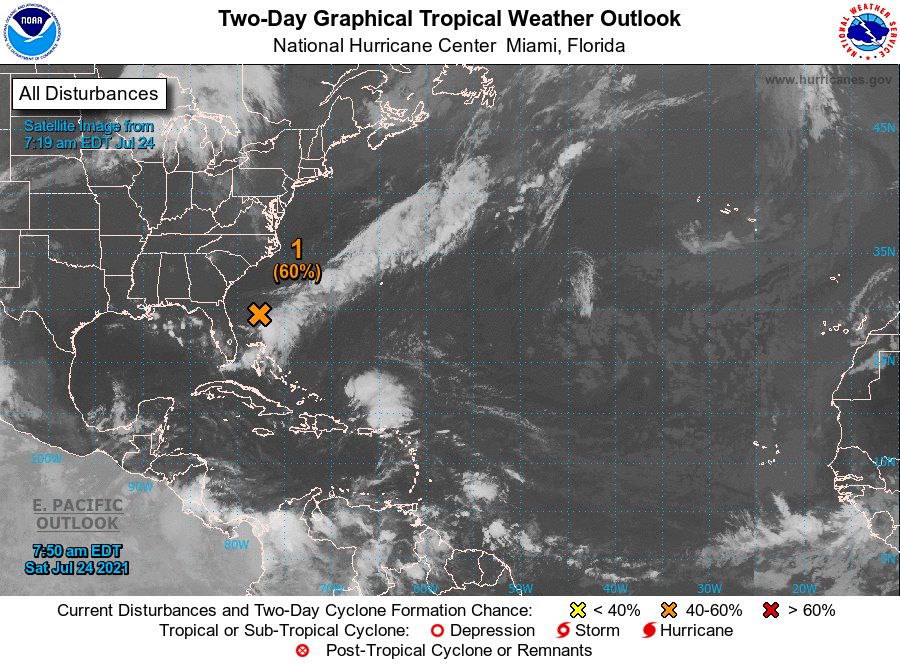
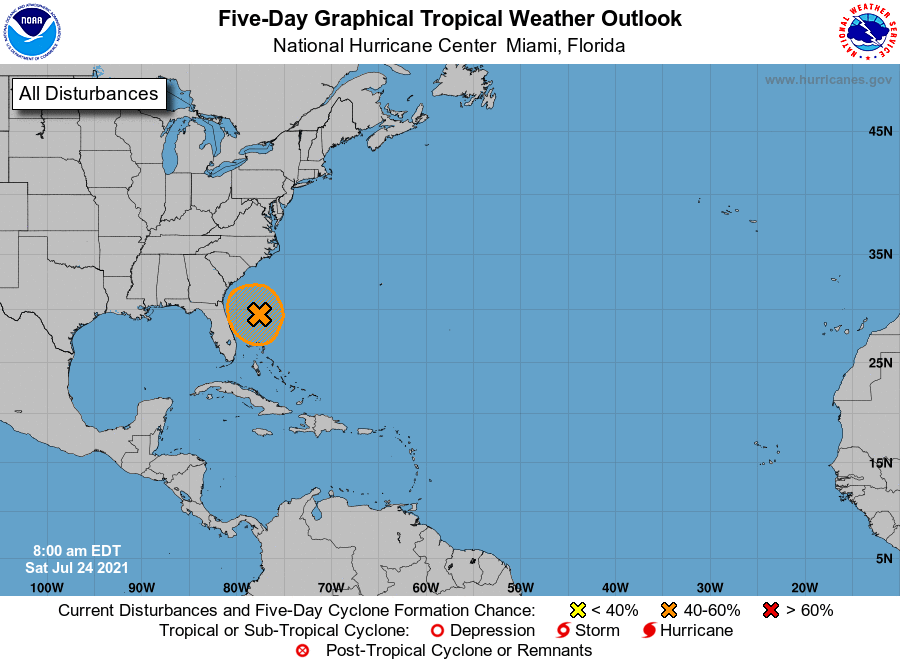
For the North Atlantic...Caribbean Sea and the Gulf of Mexico:

1. Showers and thunderstorm activity has increased a bit this morning in association with the low pressure system located about 200 miles east of Daytona Beach, Florida. Nearby buoy observations also indicate that surface pressures have been falling close to the center of this system. However, the associated shower and thunderstorm activity remains disorganized and located primarily south and east of the center. Environmental conditions are forecasted to become a bit more favorable for development, and a tropical depression could form over the next day or so while the low meanders offshore of the Florida Peninsula. Interests in Florida should continue to monitor the progress of this system. An Air Force Reserve Hurricane Hunter aircraft is scheduled to investigate the system later today, if necessary.
* Formation chance through 48 hours...medium...60 percent.
* Formation chance through 5 days...medium...60 percent.

Forecaster Papin/Beven